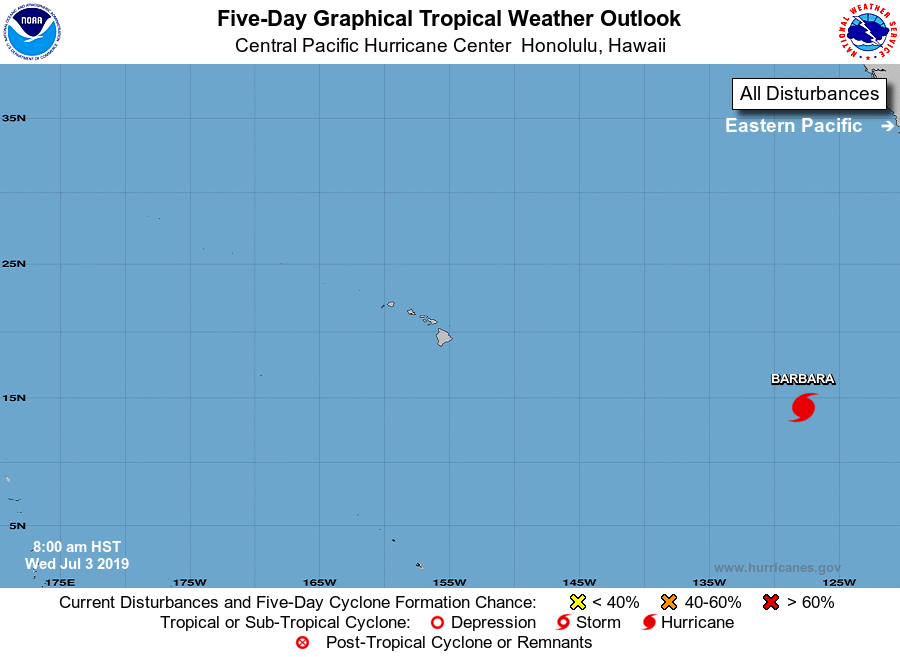
For the central North Pacific...between 140W and 180W:

The National Hurricane Center in Miami, Florida is issuing advisories on Hurricane Barbara, centered about 1890 miles east of Hilo, Hawaii. Barbara is expected to move into the Central Pacific Hurricane Center area of responsibility on Saturday.

Elsewhere, no tropical cyclones are expected during the next 5 days.

Public Advisories on Hurricane Barbara are issued under WMO header WTPZ32 KNHC and under AWIPS header MIATCPEP2. Forecast Advisories on Hurricane Barbara are issued under WMO header WTPZ22 KNHC and under AWIPS header MIATCMEP2.

Forecaster Kino